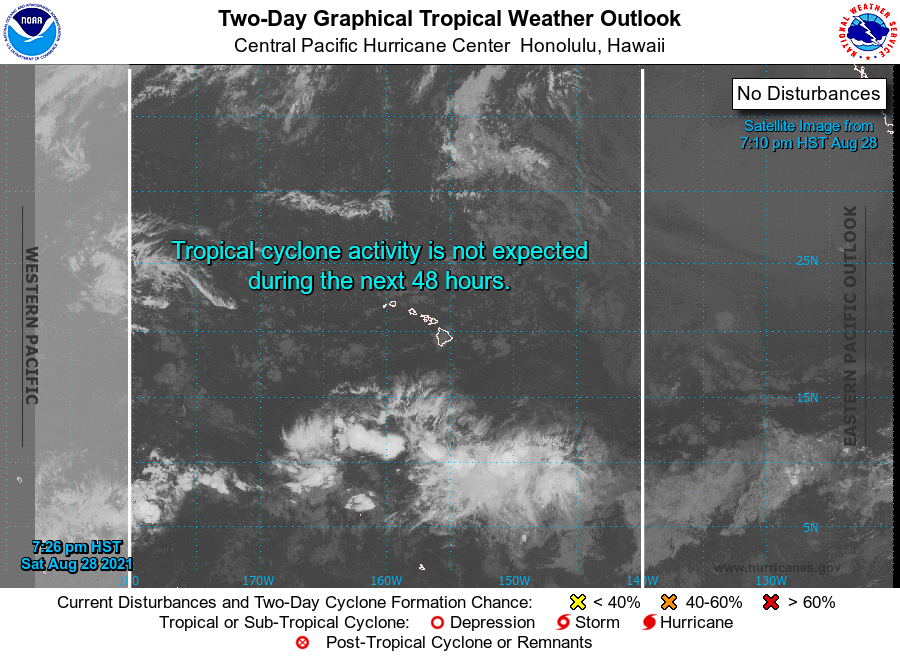
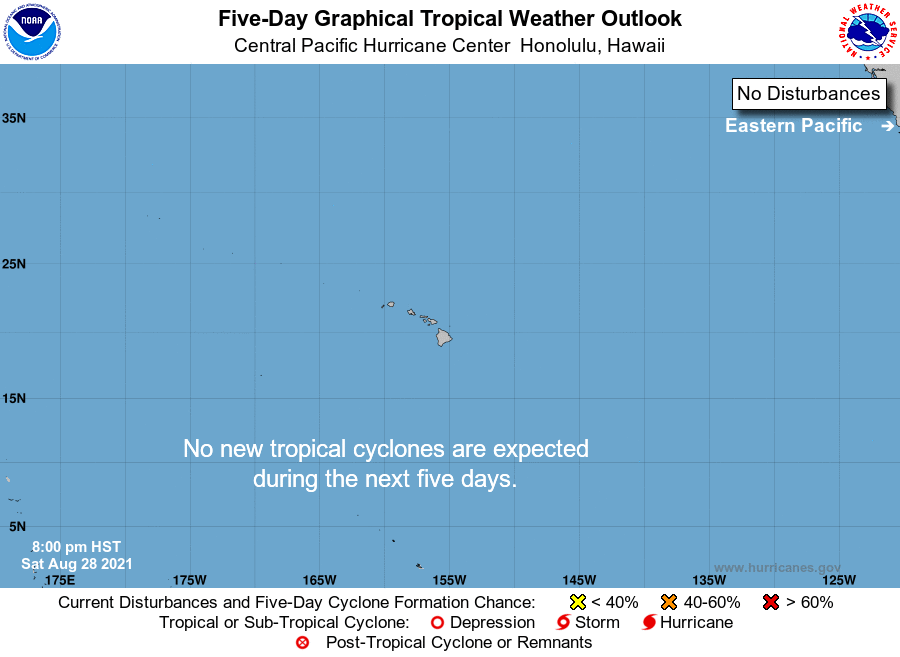
For the central North Pacific...between 140W and 180W:

No tropical cyclones are expected during the next 5 days.

Forecaster Bohlin